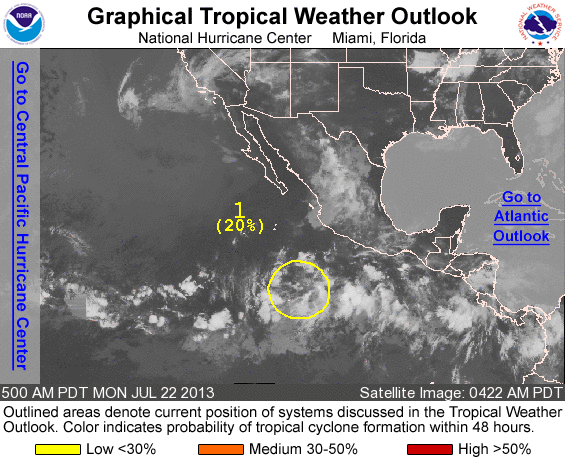
FOR THE EASTERN NORTH PACIFIC...EAST OF 140 DEGREES WEST LONGITUDE..

1. A LOW PRESSURE SYSTEM LOCATED ABOUT 600 HUNDRED MILES SOUTH- SOUTHWEST OF MANZANILLO MEXICO CONTINUES TO PRODUCE DISORGANIZED SHOWER AND THUNDERSTORM ACTIVITY. ENVIRONMENTAL CONDITIONS ARE CONDUCIVE FOR SLOW DEVELOPMENT OF THIS LOW DURING THE NEXT FEW DAYS AS IT MOVES WEST-NORTHWESTWARD AT AROUND 10 TO 15 MPH. THIS SYSTEM HAS A LOW CHANCE...20 PERCENT...OF BECOMING A TROPICAL CYCLONE DURING THE NEXT 48 HOURS.

ELSEWHERE...TROPICAL CYCLONE FORMATION IS NOT EXPECTED DURING THE NEXT 48 HOURS.

FORECASTER KIMBERLAIN